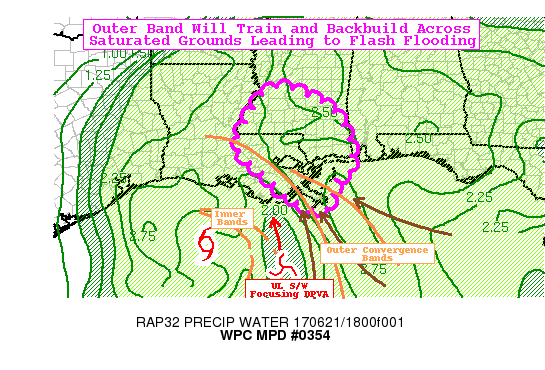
AREAS AFFECTED...SOUTHEAST LA...SOUTHERN MS

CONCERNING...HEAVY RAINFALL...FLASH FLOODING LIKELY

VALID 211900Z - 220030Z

SUMMARY...OUTER BAND OF TS CINDY TAKING SHAPE OVER LIKELY TO TRACK
THROUGH SATURATED AREAS ALONG THE CENTRAL GULF COAST WITH TRAINING
HIGHLY EFFICIENT RAIN PRODUCING CELLS LEADING TO LIKELY FLASH
FLOODING..

DISCUSSION...EXPERIMENTAL GOES-16 VIS/IR INDICATE CONVECTIVE
GROWTH BETWEEN SW TIP OF MS THROUGH THE MS RIVER DELTA.
IMPRESSIVE 1500+ J/KG MLCAPES (GIVEN MOIST LAPSE RATES) ARE
AVAILABLE TO FEED THESE EXPANDING CONVECTIVE CELLS.  ELONGATED
SHORTWAVE ROTATING ALONG THE EASTERN PERIPHERY WITH ASSOCIATED
SPEED MAX THROUGH THE MID-LEVELS IS ENHANCING PRESSURE FALLS ALONG
THE CONVERGENCE BAND TO FOCUS INCREASED CONFLUENCE ALONG THE BAND
TO SUPPORT STRONG UPDRAFTS AND TAP THE AVAILABLE INSTABILITY
ALOFT.  PROFILES CONTINUE TO BE QUITE SATURATED THROUGH THE CLOUD
LAYER FOR SIGNIFICANT WARM PROCESS RAINFALL GENERATION...GIVEN
TPWS UP TO 2.6" WITHIN THE BAND AND STRONG MST CONVERGENCE
FLUX...RAIN RATES UP TO 3"/HR ARE POSSIBLE WITH THESE CELLS
PARTICULARLY IF THEY CONTINUE TO GROW TO MID-UPPER LEVELS (SUB
-70C ON EIR).

TO COMPOUND MATTERS...THE STRENGTHENED CONFLUENT LOW LEVEL
FLOW/FLUX OF 40-50KT SFC TO 70KT 850MB WILL SUPPORT UPSTREAM
PROPAGATION VECTORS (15-20KT) BACK OPPOSITE TO THE 40-45KT MEAN
CLOUD BARING FLOW...SUPPORTING A TRAINING PROFILE.  THERE IS SOME
ANGULAR SPLIT OF THE PROPAGATION VECTOR (PER RAP/HRRR) THAT
SUGGEST SOME SLOW NE MOVEMENT OF THE BAND SHOULD OCCUR MOVING THE
FOCUS FROM SE LA TOWARD S MS WITH TIME...OBVIOUSLY THIS IS THE
LARGEST UNKNOWN/UNCERTAINTY AT THIS TIME.  HOWEVER...IF THE BAND
IS QUITE SLOW LIFTING SUCH AS THE NAM-CONEST/NMMB  (THOUGH ALREADY
TOO FAR NE FROM REALITY)...THOSE TYPES OF MAGNITUDES (4-7" BY 00Z)
ARE POSSIBLE.  MOST HI-RES GUIDANCE IS ALREADY TOO FAR NORTH AND
EAST OF THE CURRENT DEVELOPMENT BUT ONE CAN DERIVE SOME
INFORMATION/EXPECTATION FROM THE GUIDANCE JUST SHIFTING THE
MAGNITUDES SW BY A COUNTY OR SO.

EVEN WITH MODEST RAINFALL OF 3-4" TOTALS SUGGESTED BY EVEN THE
MOST CONSERVATIVE RAINFALL HRRR AND HRRRX...THIS WOULD EXCEED FFG
VALUES IN THE AREA OF CONCERN MAINLY SOUTH AND EAST NEARER THE
COASTAL COUNTIES...AND THERE IS FAIRLY GOOD CONFIDENCE THAT FLASH
FLOODING IS LIKELY OVER THE NEXT 6HRS...WITH POSSIBLE MAGNITUDES
CAPABLE OF LIFE-THREATENING FF WHICH IS A BIT MORE UNCERTAIN (WITH
DEVELOPMENT TRENDS TOWARD IT).